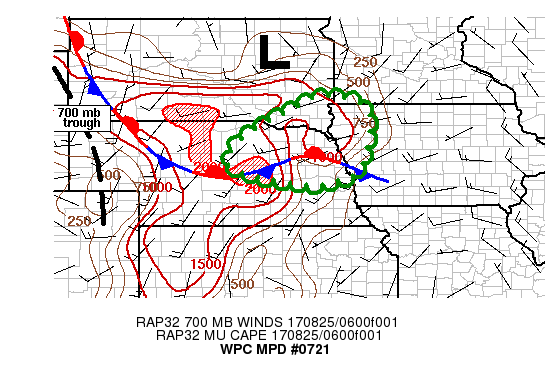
AREAS AFFECTED...NERN NE INTO FAR SERN SD/NWRN IA/SWRN MN

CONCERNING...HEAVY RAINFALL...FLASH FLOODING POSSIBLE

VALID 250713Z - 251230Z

SUMMARY...POCKETS OF SLOW MOVING CONVECTION ARE EXPECTED TO
PERSIST TOWARD SUNRISE LEADING TO A SCATTERED FLASH FLOOD THREAT
IMPACTING PORTIONS OF NERN NE INTO FAR SERN SD/NWRN IA/SWRN MN.
LOCALIZED RAINFALL TOTALS OF 2-4 INCHES CAN BE EXPECTED.

DISCUSSION...RECENT RADAR IMAGERY FROM KOAX HAS SHOWN AN INCREASE
IN SMALL SCALE ELEVATED THUNDERSTORM ACTIVITY ACROSS ERN NE. CELLS
HAVE BEEN SLOW MOVING...SOMEWHAT SIMILAR TO EARLIER CONVECTION
OBSERVED IN THE SAND HILLS OF CNTRL NE PRIOR TO 06Z. THIS ACTIVITY
IS OCCURRING NEAR A WEAK STATIONARY FRONT/TROUGH AXIS EXTENDING
ROUGHLY WEST TO EAST ACROSS NE. IT IS ALSO IN BETWEEN TWO FEATURES
AT 700 MB...AN EWD MOVING SHORTWAVE TROUGH CURRENTLY OVER THE NE
PANHANDLE AND SOUTH OF A 700 MB LOW OVER NERN SD...VISIBLE IN
EXPERIMENTAL GOES 16 INFRARED IMAGERY AND 700 MB VAD WIND PLOTS.
THERE IS ENHANCED LOW LEVEL FLOW BETWEEN THESE TWO FEATURES
CAUSING A WARM ADVECTION PATTERN WITH SWLY 850-700 MB FLOW SIMILAR
TO AREA LFC-EL MEAN WINDS.

ELEVATED INSTABILITY HAS BEEN INCREASING OVER THE ERN SD/NE BORDER
PER THE SPC MESOANALYSIS PAGE AND IS CURRENTLY 500-1000 J/KG WITH
HIGHER INSTABILITY ESTIMATED OVER THE SOURCE REGION OF CNTRL NE.
WHILE 00Z CAM GUIDANCE AND RECENT RUNS OF THE HRRR HAVE STRUGGLED
TO CAPTURE THE ONGOING ACTIVITY IN ERN NE AND DO NOT SUGGEST MUCH
IN THE WAY OF RAINFALL THROUGH THE MORNING OVER THE
REGION...OBSERVATIONAL TRENDS SUGGEST OTHERWISE. PRECIPITABLE
WATER VALUES ARE SOMEWHAT LACKING FOR VERY HEAVY RAINFALL...NEAR
1.1 TO 1.2 INCHES PER 00Z SOUNDINGS FROM LBF AND OAX AND FROM MORE
RECENT GPS SITE OBSERVATIONS...BUT THE SLOW MOVEMENT OF CONVECTION
HAS ALREADY LED TO RADAR ESTIMATED RAINFALL RATES OVER 2 IN/HR IN
BURT COUNTY NE. ADDITIONAL POCKETS OF HEAVY RAIN ARE EXPECTED
THROUGH SUNRISE FROM ERN NE...POSSIBLY SPREADING NORTHEAST INTO
SERN SD AND FAR NWRN IA WITH 2-4 INCH TOTALS BY 12Z OR 13Z. POOR
UPPER LEVEL JET SUPPORT AND A LACK OF BETTER INSTABILITY TO THE
EAST SHOULD LIMIT THE AREA OF FLASH FLOOD IMPACTS.